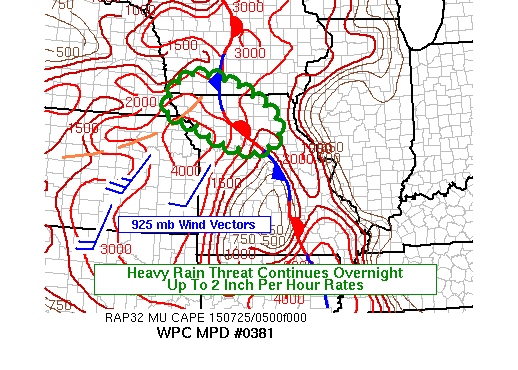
AREAS AFFECTED...NORTHERN MO...SOUTHWEST IA...EXTREME SOUTHEAST
NEB

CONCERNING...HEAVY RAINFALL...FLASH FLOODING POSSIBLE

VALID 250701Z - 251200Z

SUMMARY...INSTABILITY...DEEP MOISTURE AND MODEST LOW LEVEL FORCING
WILL HELP SUSTAIN STORMS CAPABLE OF PRODUCING RAINFALL RATES IN
EXCESS OF 2 INCHES PER HOUR.  GIVEN RAINFALL EARLIER IN THE
EVENING IN ABOUT THE SAME PLACE SUGGESTS THAT FLASH FLOODING WILL
BE POSSIBLE THROUGH 12Z.

DISCUSSION...A STATIONARY FRONT EXTENDED FROM NORTH TO SOUTH
ACROSS CENTRAL IA AND MO AT 05Z.  GOES IMAGERY SHOWED THAT STORMS
COMING OUT OF EXTREME SOUTHEAST NEB AROUND 0630Z WILL BE MOVING
INTO AN AREA WHERE CAPE VALUES WERE STILL IN THE RANGE OF 2000 TO
3000 J PER KG...WHICH WAS THE SAME REGION WHERE 00Z RAOBS SHOWED
THETAE VALUES WERE IN THE 355K TO 360K RANGE AT H85.  SOUTHWEST
WINDS IN THE LOW LEVELS WERE ONLY IN THE 20 KT TO 25 KT
RANGE...BUT THEY WERE TAPPING DEWPOINTS OVER EASTERN KS WHICH WERE
IN THE MID TO UPPER 70S AND TRANSPORTING THAT AIRMASS TOWARDS THE
SURFACE AND LOW LEVEL BOUNDARY.  AS A RESULT...THINK THAT THE
STORMS SHOULD CONTINUE TO HAVE A SOURCE OF DEEP LEVEL MOISTURE AS
THEY MOVE INTO A SOMEWHAT DRIER ENVIRONMENT.  LOW LEVEL LIFT
SHOULD BE AIDED ONCE THE AIR REACHES THE LOW LEVEL BOUNDARY AND
ASCENDS ISENTROPICALLY.

FLASH FLOOD GUIDANCE IS GENERALLY IN EXCESS OF 2 INCHES PER 3
HOURS.  EVEN SO...THE STORMS MOVING INTO NORTHERN MO WILL BE
MOVING ACROSS AN AREA WHICH ALREADY HAD ONE ROUND OF MDT TO
LOCALLY HEAVY RAIN EARLIER ON FRIDAY EVENING.  THUS THERE COULD BE
A RISK OF FLASH FLOODING WHICH PERSISTS THROUGH THE NIGHT.

THE 05Z RAP AND HRRR PICKED UP ON THE AXIS OF HEAVIEST RAINFALL
AND SEEMED TO SUGGEST THE COMPLEX INITIALLY OVER SOUTHEAST NEB
WILL BE TAKING ON A MORE SOUTHEAST TRAJECTORY.